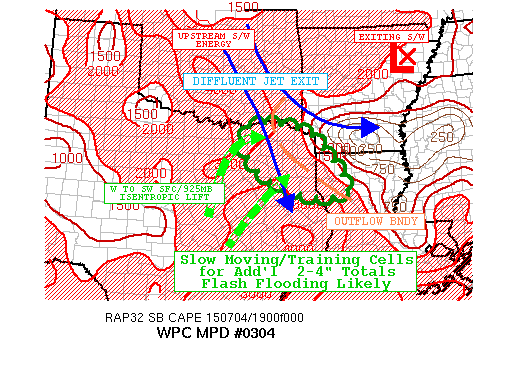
AREAS AFFECTED...NORTHEAST TEXAS...NORTHWEST LOUISIANA

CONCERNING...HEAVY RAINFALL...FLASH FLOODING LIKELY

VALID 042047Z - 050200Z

SUMMARY...PERSISTENT CONVECTION OVERRUNNING SLOW MOVING OUTFLOW
BOUNDARY ALLOWING FOR PROLONGED TRAINING OF CELLS FOR CONTINUED
FLASH FLOOD THREAT THROUGH THIS EVENING.

DISCUSSION...WELL DEFINED OUTFLOW BOUNDARY FROM SOUTHERN ARKANSAS
COMPLEX EARLY THIS MORNING CONTINUES TO DRIFT SOUTHWEST TOWARD
INCREASING INSTABILITY AXIS ACROSS NORTH TEXAS.  A BROAD AREA OF
SURFACE AND BOUNDARY LAYER SOUTHWESTERLY FLOW FROM WEST TO
SOUTHWEST ACROSS NORTH TEXAS IS ALLOWING FOR ISENTROPIC LIFT TO
MAINTAIN CONVECTIVE DEVELOPMENT FROM THE RED RIVER SOUTH INTO
NORTHWEST LOUISIANA.  GPS/GOES SOUNDER AND RAP ANALYSIS SHOWS AN
AREA OF INCREASED MOISTURE ACROSS NORTH TEXAS WITH VALUES TO 1.8"
AND INSTABILITIES IN EXCESS OF 2000 J/KG TO KEEP CELLS
EFFICIENT...THOUGH CURRENT VIS/IR DOES SHOW THE DEPTH OF THE
CONVECTION IS A BIT LOWER WITH IR TOPS IN THE -60C RANGE...SO
LIKELY RATES ARE NOT EXTREME AT THIS TIME WITH 1.5-2"/HR RATES
LIKELY.

WV LOOP SHOWS MAIN MCV/SHORTWAVE CONTINUING A EAST-SOUTHEAST TRACK
ACROSS EASTERN ARKANSAS AT THIS TIME...ALLOWING THE OUTFLOW
BOUNDARY TO BE GENERALLY ORIENTED PARALLEL AND CONFLUENT ACROSS
SOUTHEAST OKLAHOMA. THIS ALLOWS FOR UPPER LEVEL FLOW TO GENERALLY
BE OUT OF THE NORTHWEST FROM 700MB TO JET LEVEL ALLOWING FOR THE
CELLS TO QUICKLY TURN RIGHT AND BEGIN TO TRAIN GENERALLY PARALLEL
TO THE OUTFLOW BOUNDARY.  AN UPSTREAM VERY SUBTLE SHORTWAVE ACROSS
SOUTH CENTRAL KANSAS WILL ALSO BE DROPPING INTO OKLAHOMA TO ALLOW
FOR CONTINUED FLOW WITHIN THE DIFFLUENT EXIT OF THE UPPER LEVEL
JET...LIKELY INCREASING UVVS ACROSS NORTH TEXAS INTO THE EARLY
EVENING AND PROLONGING THE FLASH FLOOD THREAT LIKELY LEADING TO A
SWATH OF AN ADDITIONAL 2-4" TOTALS ACROSS THE DISCUSSION AREA.
HI-RES MODEL GUIDANCE HAS NOT BEEN HANDLING THE CONVECTION VERY
WELL PARTICULARLY WITH REGARD TO THE ORIENTATION OF THE LINE AND
PERSISTENT SOUTH-SOUTHEASTWARD MOVEMENT.

OF ADDITIONAL NOTE...VISIBLE LOOP HAS SHOWN THAT A FEEDER BAND OF
CU AND TCU IS PARALLELING THE RED RIVER...KEEPING THE UPSTREAM
EDGE OF THE CONVECTIVE COMPLEX WEDGE SHAPED AND GENERALLY SOUTH OF
THE RED RIVER.